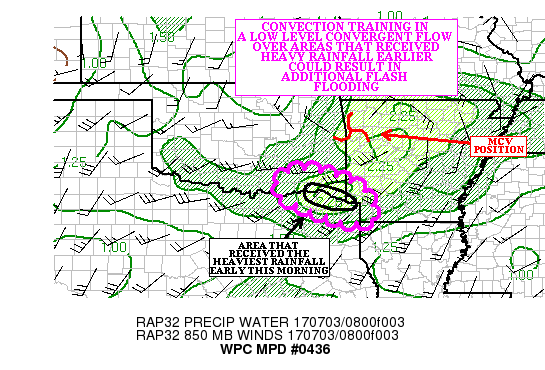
AREAS AFFECTED...SOUTHEAST OK...FAR NORTHEAST TX... SOUTHWEST AR

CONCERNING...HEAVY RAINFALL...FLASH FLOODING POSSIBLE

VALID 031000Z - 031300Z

SUMMARY...CONVECTION TRAINING OVER AREAS THAT RECEIVED HEAVY
RAINFALL EARLIER THIS MORNING COULD RESULT IN ADDITIONAL FLASH
FLOODING THIS MORNING.

DISCUSSION...REGIONAL RADARS SHOWED AN ARC OF CONVECTION EXTENDING
ACROSS PORTIONS SOUTHEAST OK INTO FAR NORTHEAST TX AND A PORTION
OF SOUTHWEST AR EARLY THIS MORNING. THE CONVECTION WAS MOVING
ALONG AN AXIS OF 500-1000 J/KG MUCAPE EXTENDING ACROSS SOUTHEAST
OK AND SOUTHWEST AR...WHICH WAS COINCIDENT WITH 1.75 INCH
PRECIPITABLE WATER AIR. THE CONVECTION WAS FOLLOWING ALONG LOW
LEVEL CONVERGENT FLOW BEHIND A LONG-LIVED MCV CROSSING FROM
EASTERN OK INTO NORTHWEST AR.

THE OVERALL ACTIVITY HAS BEEN WANING AS THE REMAINING INSTABILITY
BECOMES CONSUMED. HOWEVER...THE KINX RADAR SHOWED HOURLY RAINFALL
RATES STILL NEAR 1.50 INCHES...AND MUCH OF THE REMAINING
CONVECTION WAS TRAINING OVER AREAS THAT RECEIVED BETWEEN 3.00 AND
4.00 INCHES OF RAINFALL (BASED ON THE MOST RECENT KTLX RADAR
ESTIMATE).

THE CONVECTION SHOULD CONTINUE TO DIMINISH TOWARD 13Z AS THE
INSTABILITY WANES AND THE LOW LEVEL CONVERGENCE AXIS MOVES
EASTWARD. THE MOST RECENT HRRR SHOWED THE POTENTIAL FOR AN
ADDITIONAL 2.00 TO 4.00 INCHES OF RAINFALL WITH THE CONVECTION...
BUT BASED ON RADAR TRENDS...THESE AMOUNTS MAY BE TOO HIGH.

BASED MAINLY ON RADAR TRENDS...ANOTHER 1.00 TO 2.00 INCHES OF
RAINFALL CAN BE EXPECTED WITH CONVECTION BEFORE IT DIMINISHES TO
THE POINT WHERE IT CAN NO LONGER SUPPORT A FLASH FLOOD THREAT.